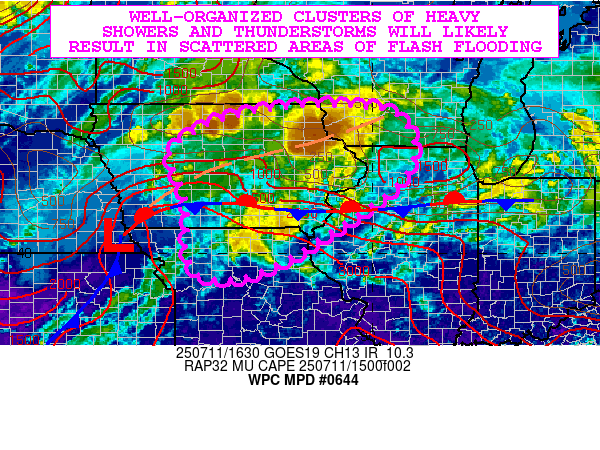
Areas affected...Central and Eastern IA...Northern MO...Northwest
IL...Southwest WI

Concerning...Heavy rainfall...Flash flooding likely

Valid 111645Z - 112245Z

SUMMARY...Expanding clusters of heavy showers and thunderstorms
are expected going through the afternoon hours. Locally moist
antecedent conditions along with high rainfall rates and some
cell-training concerns will foster a likelihood for scattered
areas of flash flooding.

DISCUSSION...The latest GOES-E IR/WV suite shows a strong
shortwave trough over the central Plains gradually advancing into
areas of the Upper Midwest which is fostering the eastward advance
of low pressure along a frontal boundary draped over the region.
Already there are some cooling convective cloud tops noted over
north-central IA as strengthening warm air advection and the
pooling of strong instability occurs ahead of this low center.

A well-defined west to east oriented instability gradient extends
across central and eastern IA through western IL, with MUCAPE
values across the region on the order of 1000 to 2000 J/kg.
However, areas near and south of the front going down into
northern MO show substantially stronger instability fields with
MUCAPE values here of 3000 to 4000 J/kg. Over the next few hours,
stronger shortwave-driven DPVA, along increasing moisture and
instability transport along and north of the boundary should favor
an increase in elevated convection for especially central and
eastern IA, with convective clusters potentially becoming aligned
in a west to east training fashion given their orientation to the
deeper layer steering flow.

However, by mid to late-afternoon, much more surface-based warm
sector convection should initiate and expand in coverage across
southern IA and northern MO ahead of the shortwave energy/low
center, and especially as any remaining low-level CINH is eroded.
Effective bulk shear parameters will be on the order of 30 to 40+
kts, which coupled with strong instability will yield a
substantial mixture of multi-cell and supercell convection.

Modestly anomalous PWs of 1.6 to 1.8 inches are in place, which
coupled with the expected organized nature of the convection
should support rainfall rates reaching easily into the 1.5 to 2.5
inch/hour range. High rainfall rates and some cell-training
concerns along with cell-mergers may yield some localized rainfall
totals of 3 to 5 inches.

The antecedent conditions over portions of central and eastern IA,
northwest IL and southwest WI are relatively moist from recent
rainfall, and this coupled with the additional heavy rains will
likely encourage somewhat more efficient runoff. Scattered areas
of flash flooding are expected, and there will also be locally
notable urban flash flooding concerns. There are drier conditions
noted farther south over southern IA and northern MO which will
temper the flash flood threat here a bit more, but even here, the
high rainfall rates here will promote a well-defined concern for
some flash flooding.